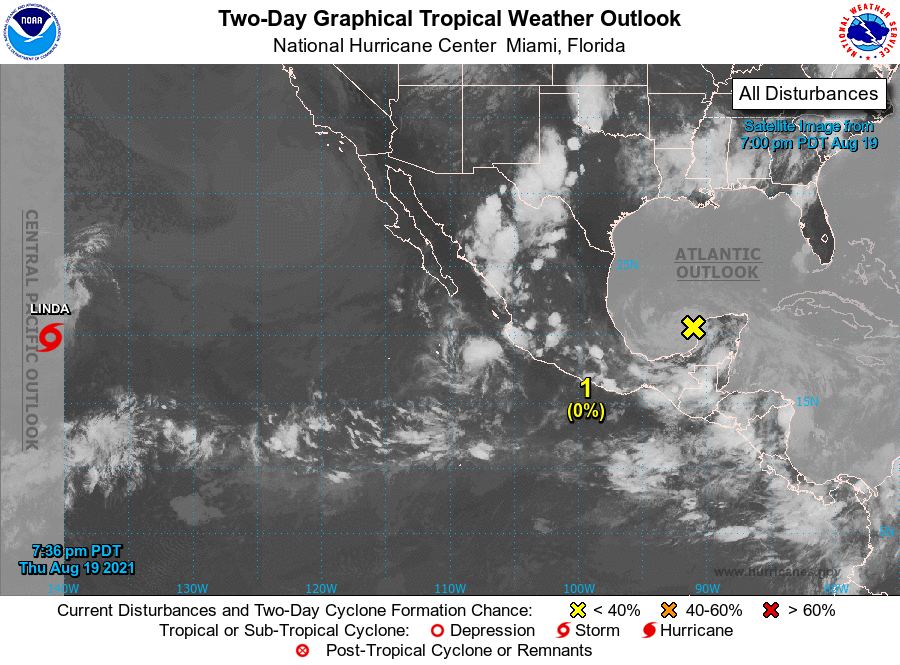
For the eastern North Pacific...east of 140 degrees west longitude:

Tropical Storm Linda, located approximately 1000 miles east of Hilo, Hawaii, is crossing over into the Central Pacific basin. Future advisories on Linda will be issued by the Central Pacific Hurricane center.

1. Tropical Storm Grace, located over the southwestern Gulf of Mexico, is forecast to move inland over mainland Mexico by early Saturday morning and dissipate over Mexico by late Saturday. However, Grace's remnants are expected to continue westward and emerge over the eastern Pacific Ocean off the west-central coast of Mexico early Sunday. Environmental conditions are forecast to be conducive for development, and a tropical depression is likely to form late this weekend or early next week while the system moves westward at 10 to 15 mph away from the coast of Mexico.
* Formation chance through 48 hours...low...near 0 percent.
* Formation chance through 5 days...high...70 percent.

Future information on Linda can be found in Public Advisories issued by the Central Pacific Hurricane Center beginning at 5 PM HST/0300 UTC, under AWIPS header HFOTCPCP3 and WMO header WTPA33 PHFO. Products will continue to be available on the web at hurricanes.gov

Forecaster Papin/Beven